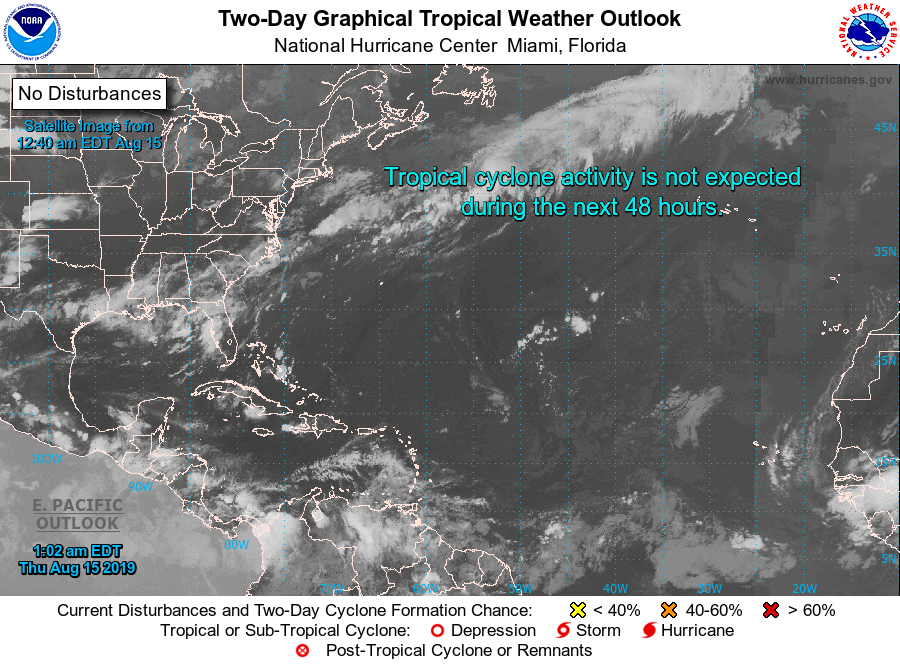
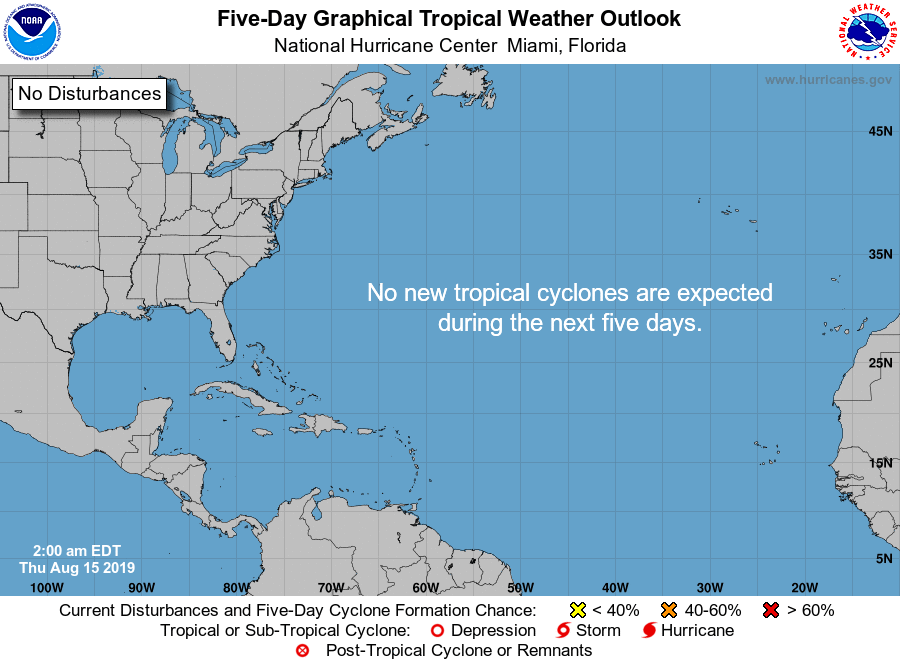
For the North Atlantic...Caribbean Sea and the Gulf of Mexico:

Tropical cyclone formation is not expected during the next 5 days.

Forecaster Zelinsky